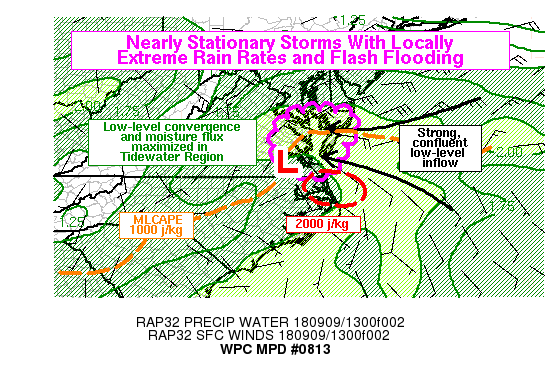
Areas affected...Virginia Tidewater, Lower Eastern Shore

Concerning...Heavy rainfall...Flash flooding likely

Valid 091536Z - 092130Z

Summary...Thunderstorms and heavy rain showers are likely to
persist around the Lower Chesapeake Bay region through much of the
day, including the Virginia Tidewater and Lower Eastern Shore.
These showers and storms may be nearly stationary at times, and
may produce localized extreme rain rates. Although flash flooding
may not be widespread, localized flash flooding is expected where
stalling storms occur.

Discussion...Surface observations revealed a surface wave or weak
low in the vicinity of Wakefield VA, with a complete circulation
evident in the wind field. This was forming along an existing
quasi-stationary front. From the mouth of the Chesapeake east into
the Atlantic, strong, confluent, low-level easterly flow was
developing along and north of the surface front, which was leading
to a highly focused area of low-level moisture flux and
convergence that was maximized in the Tidewater region near and
northeast of the surface low. The inflow region was also
characterized by precipitable water values over 2 inches, and
increasing instability with MLCAPE approaching 2000 j/kg. The RAP
forecasts show the surface wave/low slowly drifting north through
the day, which should lead to a relatively steady-state mesoscale
setup with abundant unstable, moist inflow arriving into a region
with significant low-level convergence. This favors continued
convective activity into the afternoon hours.

The convergence does not seem to be manifesting as a single,
dominant band, but instead is being modified by the shape of the
coastline and maximized in very localized areas. There is some
evidence of this in the highly variable storm motions on the KAKQ
radar at the moment, some quite different from the background mean
flow vectors or even Corfidi/Bunkers storm motion vectors. The
convection generally seemed to be either anchored on low-level
convergence maxima or showing different storm motion along a
low-level boundary. This should generally continue into the
afternoon hours, with convection anchored at times at points along
the complex coastline, perhaps initially in the Tidewater Region,
and eventually migrating north with the surface low toward the
Northern Neck, Middle Peninsula, and Lower Eastern Shore on the
southern portion of the Delmarva Peninsula.

MRMS and KAKQ dual pol radar estimates have shown rain rates
occasionally getting as high as 3 in/hr with nearly stationary
storms, although some of them have been just over adjacent marine
areas. The 12Z HREF neighborhood probability of 3+ inch per hour
rain rates generally exceeds 30 percent on most of the daytime
hours in some part of the region. And the HREF localized
probability matched mean, and recent runs of the operational HRRR,
show localized extreme rainfall totals approaching 10 inches by
00Z. Whether totals this high could occur is not certain, the
convection at the moment is rather limited in size, and the models
may be unable to resolve the very small nature of the convective
cells. Nevertheless, there is a strong model signal for locally
extreme rainfall rates (3+ in/hr) and that has been supported by
radar estimates in real time. These would be more than sufficient
to create flash flooding. Whether significant totals can
materialize in one or two areas remains to be seen, but is at
least a possibility.